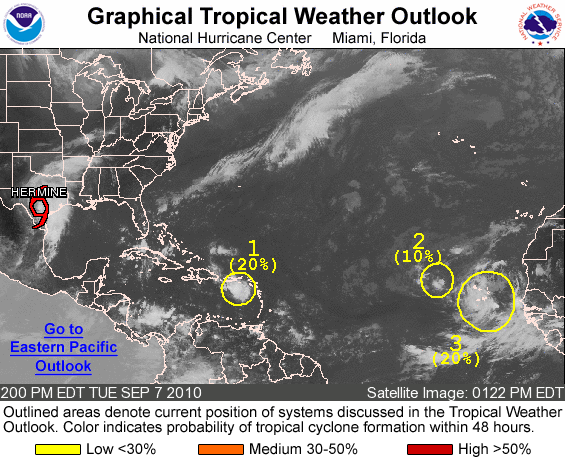
FOR THE NORTH ATLANTIC...CARIBBEAN SEA AND THE GULF OF MEXICO...

THE NATIONAL HURRICANE CENTER IS ISSUING ADVISORIES ON TROPICAL STORM HERMINE...LOCATED INLAND ABOUT 15 MILES SOUTH-SOUTHEAST OF SAN ANTONIO TEXAS.

1. SHOWERS AND THUNDERSTORMS REMAIN DISORGANIZED IN ASSOCIATION WITH THE REMNANTS OF GASTON LOCATED ABOUT 120 MILES SOUTHEAST OF PUERTO RICO. DEVELOPMENT...IF ANY...OF THIS SYSTEM IS EXPECTED TO BE SLOW TO OCCUR AS IT MOVES WESTWARD NEAR 15 MPH. THERE IS A LOW CHANCE...20 PERCENT...OF THIS SYSTEM BECOMING A TROPICAL CYCLONE AGAIN DURING THE NEXT 48 HOURS.

2. SHOWER ACTIVITY ASSOCIATED WITH A WEAK AREA OF LOW PRESSURE LOCATED ABOUT 400 MILES WEST-NORTHWEST OF THE NORTHERNMOST CAPE VERDE ISLANDS REMAINS MINIMAL. ENVIRONMENTAL CONDITIONS ARE EXPECTED TO BE UNFAVORABLE FOR DEVELOPMENT DURING THE NEXT COUPLE OF DAYS AS THE LOW MOVES WESTWARD NEAR 10 MPH. THERE IS A LOW CHANCE...10 PERCENT...OF THIS SYSTEM BECOMING A TROPICAL CYCLONE DURING THE NEXT 48 HOURS.

3. A TROPICAL WAVE APPROACHING THE CAPE VERDE ISLANDS IS PRODUCING A LARGE AREA OF DISORGANIZED SHOWERS AND THUNDERSTORMS. DEVELOPMENT...IF ANY...OF THIS SYSTEM IS EXPECTED TO BE SLOW TO OCCUR AS IT MOVES WESTWARD AT 10 TO 15 MPH DURING THE NEXT COUPLE OF DAYS. THERE IS A LOW CHANCE...20 PERCENT...OF THIS SYSTEM BECOMING A TROPICAL CYCLONE DURING THE NEXT 48 HOURS.

ELSEWHERE...TROPICAL CYCLONE FORMATION IS NOT EXPECTED DURING THE NEXT 48 HOURS.

FORECASTER CANGIALOSI/PASCH